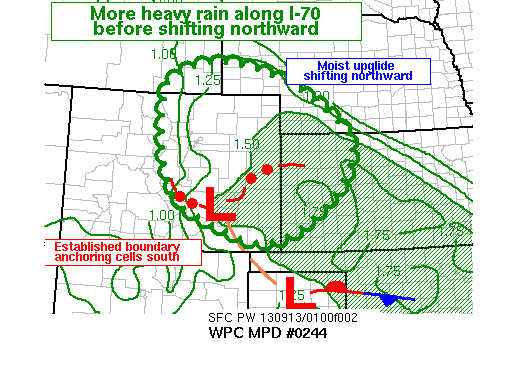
AREAS AFFECTED...ERN CO...WRN KS...SW NE...SE WY

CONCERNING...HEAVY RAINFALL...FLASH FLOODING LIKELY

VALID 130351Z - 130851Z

SUMMARY...BROAD MODERATE RAIN AND LOCALLY HEAVIER CORES WILL
CONTINUE OVERNIGHT. WITH TIME EMPHASIS MAY SHIFT AWAY FROM CENTRAL
CO/WESTERN KS...THE INTERSTATE 70 CORRIDOR...AND TOWARD AREAS
FARTHER NORTH. RAIN RATES WILL AVERAGE 1 TO 1.25 INCHES PER HOUR
IN THE STRONGEST CORES.

DISCUSSION...GENTLE BUT SUSTAINED LIFTING OF A WARM/WET AND WEAKLY
UNSTABLE ENVIRONMENT WILL CONTINUE TO FAVOR MODERATE TO HEAVY
RAINS THROUGH MORNING. DUAL POL RADAR ESTIMATES HAD PERFORMED WELL
IN THIS ENVIRONMENT...AND AT 0330Z INDICATED RAIN RATES OF 1 TO
1.25 INCHES IN THE STRONGER CORES. ACTIVITY WAS BEST ORGANIZED
EAST TO WEST ALONG INTERSTATE 70 FROM GOODLAND TO DENVER. ANOTHER
WING OF ORGANIZED RAIN EXTENDED NORTH THROUGH THE FOOTHILLS WEST
OF BOULDER AND THROUGH ESTES PARK.

THE ACTIVITY WAS BEING FED BY UPGLIDE AT THE 305 AND 310 K
ISENTROPIC SURFACES. THE NAM FORECASTS UPGLIDE TO BECOME FOCUSED
FARTHER NORTH WITH TIME...BEYOND ABOUT 06 OR 07Z. THIS OCCURS AS A
MID LEVEL WAVE FINALLY ROTATES AROUND THE GREAT BASIN LOW TO CAUSE
HEIGHT FALLS UP INTO WYOMING...AND A NORTHWARD SHIFT OF THE
PERSISTENT UPPER LEVEL DIFFLUENCE AXIS THAT HAS BEEN STUCK OVER
CO/KS. NUMEROUS HIGH RESOLUTION MODELS FORECAST HEAVY RAIN TO
DEVELOP TOWARD THE PLAINS OF NE CO/SW NE/SE WY AS THIS OCCURS
LATER TONIGHT. AT THE SAME TIME...UPGLIDE AND UPSLOPE FLOW REMAINS
PERSISTENT ENOUGH TO SUGGEST CONTINUED RAIN IN THE FOOTHILLS NORTH
OF DENVER. ALTHOUGH NOT HAS HEAVY AS THE CORES OUT ON THE EASTERN
PLAINS...THIS RAIN WILL UNDOUBTEDLY EXACERBATE ONGOING FLOODING IN
THAT AREA. ADDITIONAL RAIN TOTALS COULD AVERAGE 1-3 INCHES IN THE
FOOTHILLS BEFORE THE MID LEVEL WAVE PASSES...BY 09 OR 10Z
ACCORDING TO THE RAP.

GREATER UNCERTAINTY LIES TO THE EAST...WHERE THE ESTABLISHED LOW
LEVEL CONVERGENCE NEAR I-70 MAY CAUSE HEAVY RAIN TO LINGER WHERE
IT WAS AT 0330Z...FOR A WHILE LONGER THAN THE MODELS SUGGEST. BUT
AS THE MID LEVEL WAVE TAKES ITS SUPPORT FARTHER NORTH WITH
TIME...WE SHOULD SEE THE I-70 ACTIVITY DISSIPATE AND REDEVELOP
NORTHWARD. INSTABILITY WILL BE LESS TO THE NORTH...BUT RAIN RATES
OF NEAR 1"/HR WOULD STILL BE EXPECTED.